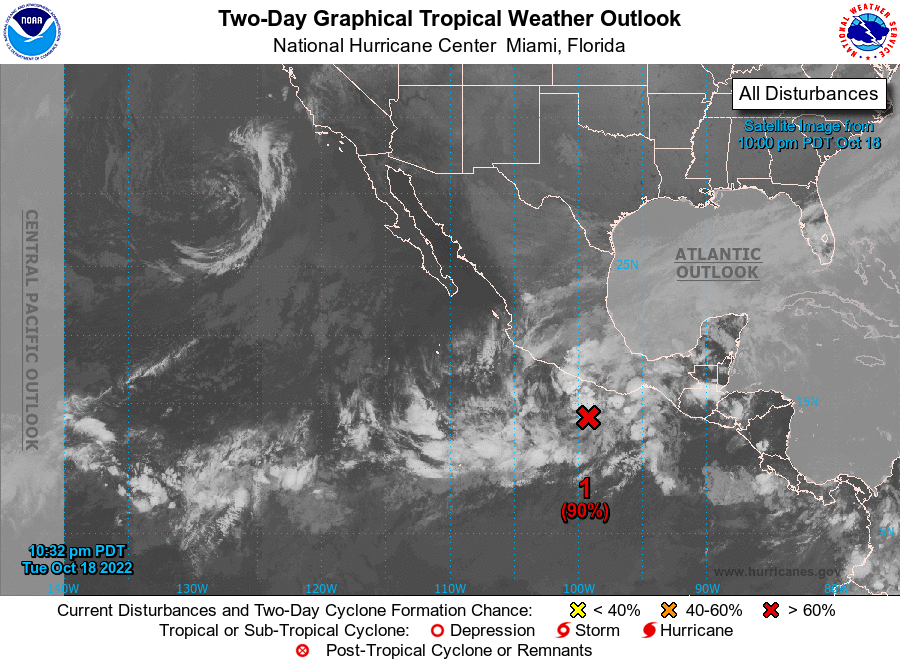
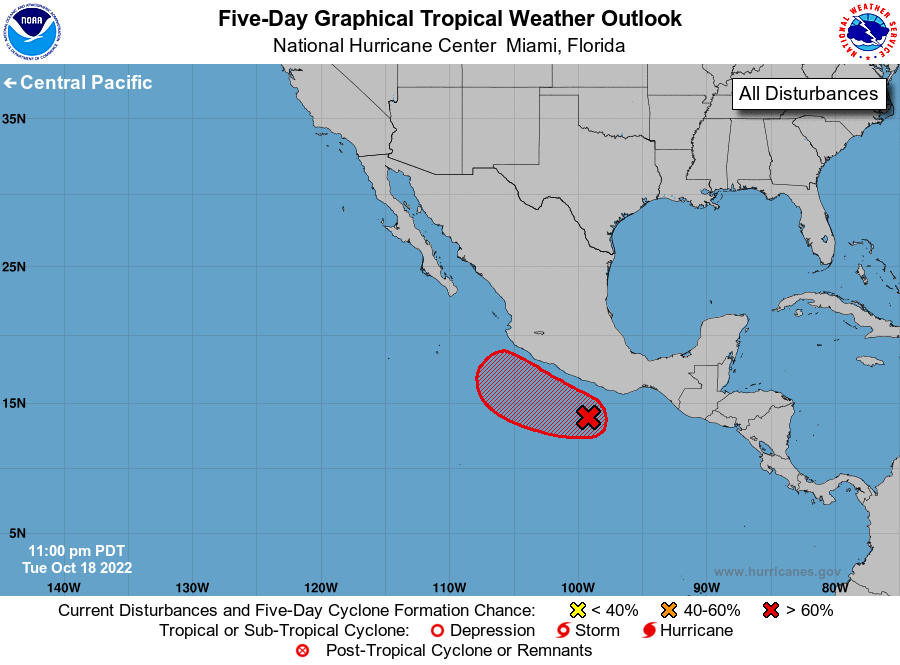
For the eastern North Pacific...east of 140 degrees west longitude:

1. Offshore of Southern Mexico: Shower and thunderstorm activity is starting to become more concentrated in association with a trough of low pressure located a couple hundred miles south of the southern coast of Mexico. Environmental conditions appear conducive for additional development and a tropical depression is expected to form in the next day or two as the system moves generally west-northwestward, parallel to the southwestern coast of Mexico. Interests along the southwestern coast of Mexico should monitor the progress of this system. Additional information on this system, including gale warnings, can be found in High Seas Forecasts issued by the National Weather Service.
* Formation chance through 48 hours...high...90 percent.
* Formation chance through 5 days...high...90 percent.

High Seas Forecasts issued by the National Weather Service can be found under AWIPS header NFDHSFEPI, WMO header FZPN02 KWBC, and on the web at ocean.weather.gov/shtml/NFDHSFEPI.php

Forecaster Papin